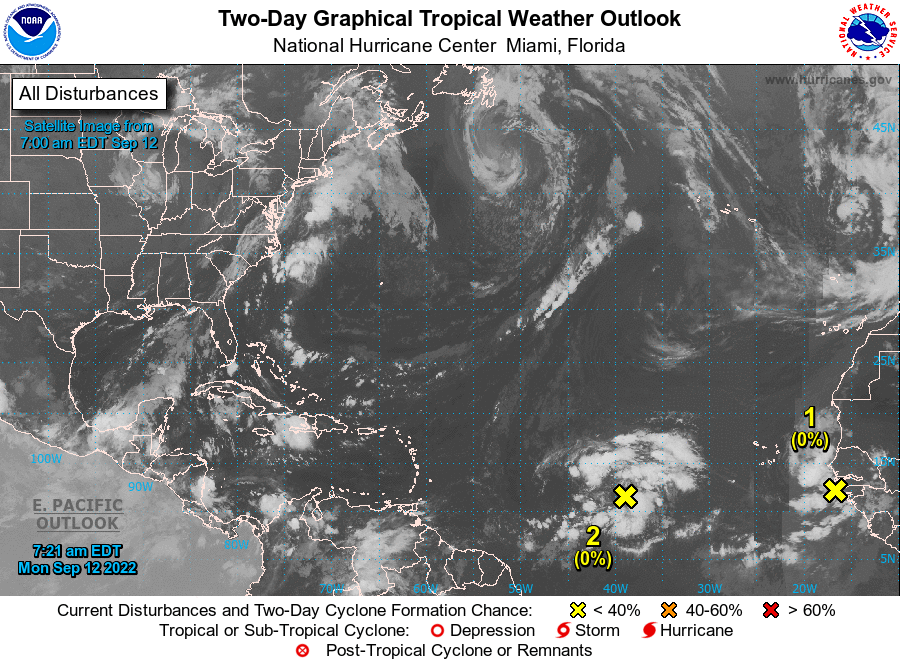
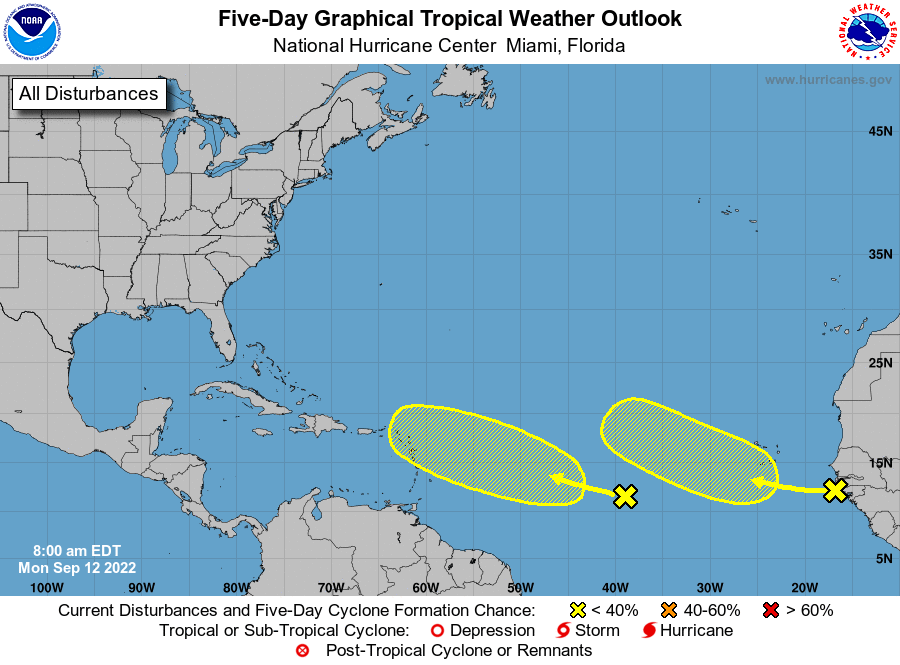
For the North Atlantic...Caribbean Sea and the Gulf of Mexico:

1. Eastern Tropical Atlantic: A tropical wave located just off the west coast of Africa is producing an area of disorganized showers and thunderstorms. Environmental conditions appear only marginally favorable, and any development of this wave should be slow to occur while it moves westward or west-northwestward across the eastern tropical Atlantic through the end of the week.
* Formation chance through 48 hours...low...near 0 percent.
* Formation chance through 5 days...low...20 percent.

2. Central Tropical Atlantic: A tropical wave located midway between the west coast of Africa and the Windward Islands is producing a large area of disorganized showers and thunderstorms. Some slow development of this system is possible over the next several days while it moves generally westward to west-northwestward over the central tropical Atlantic and approaches the Windward Islands by the end of the week.
* Formation chance through 48 hours...low...near 0 percent.
* Formation chance through 5 days...low...20 percent.

Forecaster Roberts